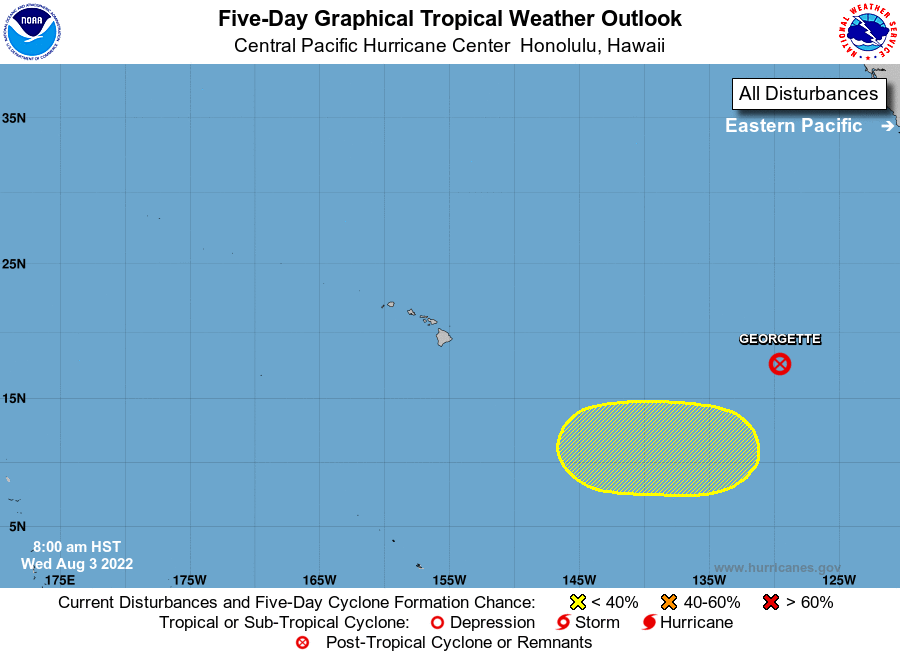
For the central North Pacific...between 140W and 180W:

1. Well Southeast of the Main Hawaiian Islands: An area of low pressure could form over the far western portion of the eastern Pacific basin later this week. Some gradual development of this system is possible over the weekend or early next week while it moves westward toward the central Pacific basin.
* Formation chance through 48 hours...low...near 0 percent.
* Formation chance through 5 days...low...30 percent.

Elsewhere, no tropical cyclones are expected during the next 5 days.

Forecaster TS